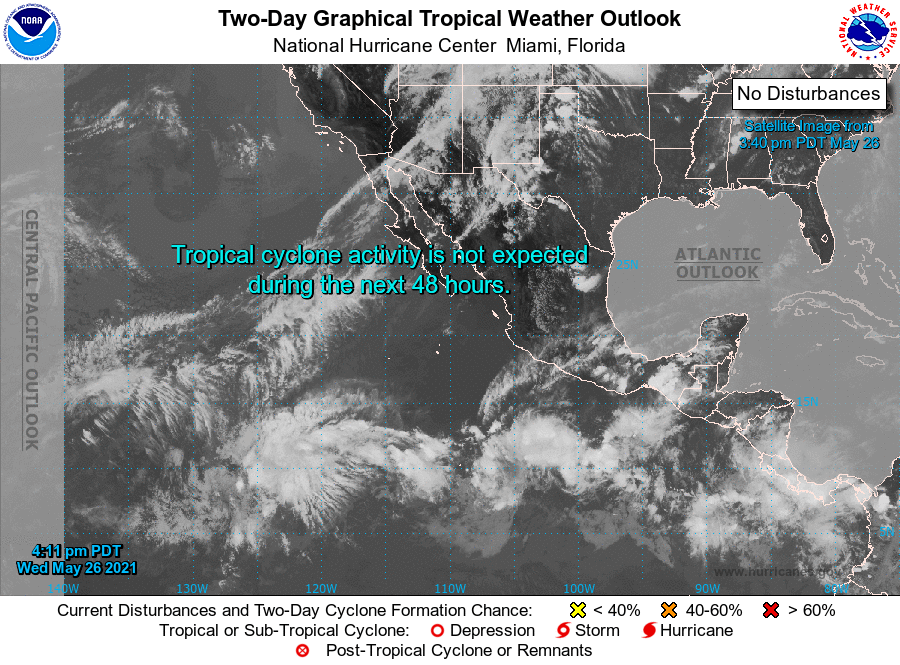
For the eastern North Pacific...east of 140 degrees west longitude:

1. An area of low pressure is expected to form several hundred miles south of the coasts of Guatemala and southeastern Mexico by this weekend. Environmental conditions appear favorable for some gradual development of this system as it moves generally westward at 5 to 10 mph.
* Formation chance through 48 hours...low...near 0 percent.
* Formation chance through 5 days...low...30 percent.

2. Another area of low pressure could form several hundred miles southwest of the coast of Mexico in a couple of days. However, environmental conditions appear only marginally conducive for any development as the system moves westward to west-northwestward at 5 to 10 mph.
* Formation chance through 48 hours...low...near 0 percent.
* Formation chance through 5 days...low...10 percent.

Forecaster Reinhart/Beven